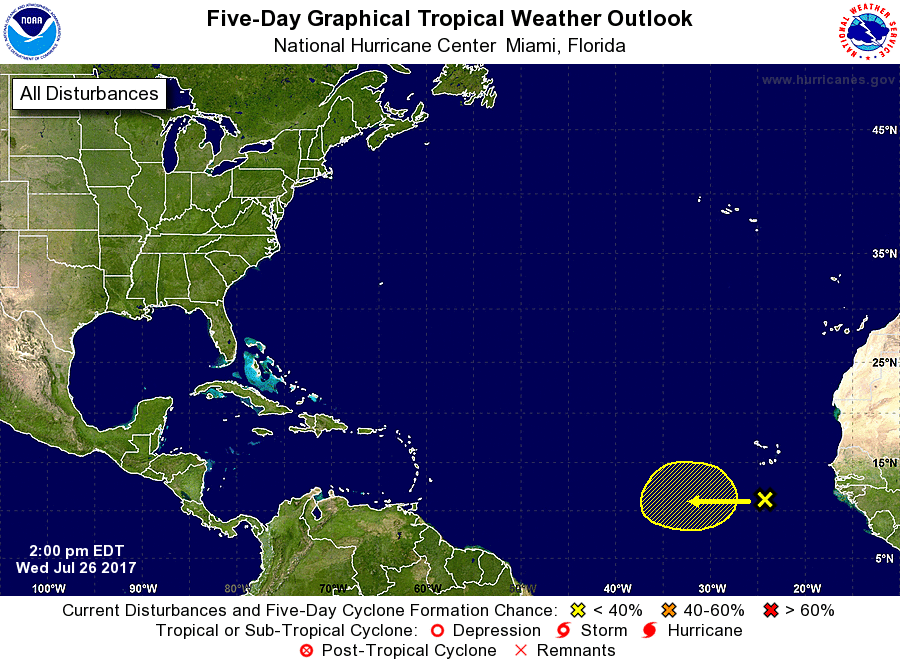
For the North Atlantic...Caribbean Sea and the Gulf of Mexico:

1. A few showers and thunderstorms southwest of the Cabo Verde Islands are associated with a westward moving tropical wave. Development of this system, if any, will be slow to occur.
* Formation chance through 48 hours...low...near 0 percent.
* Formation chance through 5 days...low...20 percent.

Forecaster Avila